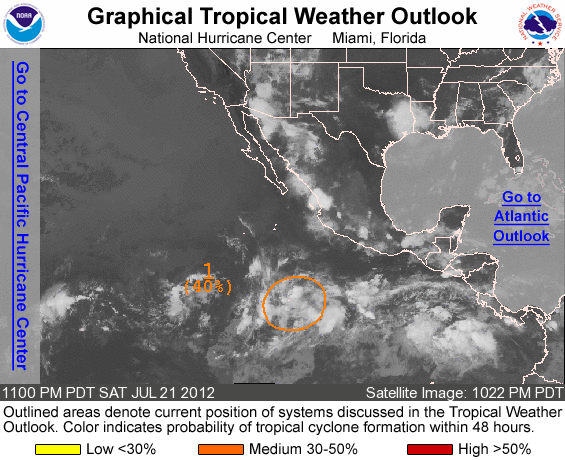
FOR THE EASTERN NORTH PACIFIC...EAST OF 140 DEGREES WEST LONGITUDE..

1. SHOWERS AND THUNDERSTORMS ARE SHOWING SIGNS OF ORGANIZATION ASSOCIATED WITH A BROAD AREA OF LOW PRESSURE LOCATED ABOUT 650 MILES SOUTH-SOUTHWEST OF MANZANILLO MEXICO. ENVIRONMENTAL CONDITIONS ARE GENERALLY CONDUCIVE FOR FURTHER DEVELOPMENT OF THIS SYSTEM OVER THE NEXT FEW DAYS. THIS SYSTEM HAS A MEDIUM CHANCE...40 PERCENT...OF BECOMING A TROPICAL CYCLONE DURING THE NEXT 48 HOURS AS IT MOVES TO THE WEST-NORTHWEST AT 10 TO 15 MPH.

ELSEWHERE...TROPICAL CYCLONE FORMATION IS NOT EXPECTED DURING THE NEXT 48 HOURS.

FORECASTER BLAKE